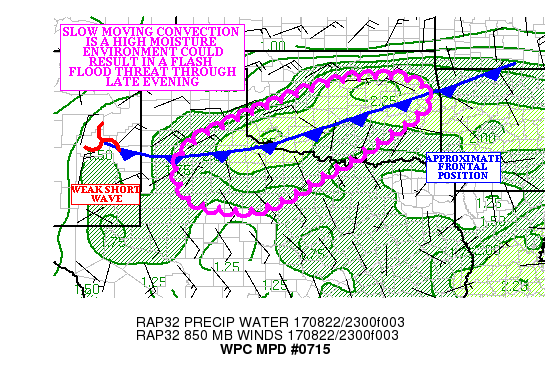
AREAS AFFECTED...NORTH TX THROUGH SOUTHWEST OK INTO EASTERN OK

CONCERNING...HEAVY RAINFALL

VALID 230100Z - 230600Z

SUMMARY...SLOW MOVING CONVECTION TAPS INSTABILITY AND DEEP
MOISTURE TO PRODUCE A FLASH FLOOD THREAT THROUGH THE LATE EVENING
HOURS.

DISCUSSION...REGIONAL RADARS INDICATED THAT THE CONVECTION OVER
THE TX PANHANDLE HAS BECOME MORE OUTFLOW DOMINATED...DROPPED INTO
NORTH TX...AND BECOME MORE DISORGANIZED. FURTHER NORTHEAST...
CONVECTION IS FIRING OVER PORTIONS OF CENTRAL AND EASTERN
OK...WHERE THE AIRMASS HAS NOT BEEN OVERTURNED BY EARLIER
CONVECTION. THE NEW CONVECTION IS FORMING IN AN AXIS OF 2000-25000
J/KG OF MLCAPE... WHICH IS COINCIDENT WITH A RIBBON OF 2.00 INCH
PRECIPITABLE WATER.

WEAKLY DIFLUENT FLOW AHEAD OF A WEAK SHORT WAVE OVER EASTERN NM IS
PROVIDING AN AREA OF SYNOPTIC SCALE ASCENT FOR THE CONVECTIVE
DEVELOPMENT. HOWEVER...THE 850-300 MB MEAN WIND REMAINS FAIRLY
WEAK HERE (WITH WIND VECTORS OF 10 KNOTS OR LESS)...SO THE
CONVECTIVE CELL MOTIONS HAVE BEEN RELATIVELY SLOW. HOURLY RAINFALL
RATES FROM THE KTLX RADAR WERE AS HIGH AS 2.50 INCHES...BUT BASED
ON THE HCA PRODUCT... THESE AMOUNTS COULD BE HAIL CONTAMINATED.

THE FRONTAL BOUNDARY IS EXPECTED TO MOVE LITTLE OVER PORTIONS OF
CENTRAL AND EASTERN OK...AND IT IS EXPECTED TO REMAIN A FOCUS FOR
INSTABILITY AND DEEP MOISTURE TO FOSTER A FLASH FLOOD THREAT. CELL
MERGERS DUE TO SLOW CELL MOTIONS...AS WELL AS SHORT TERM
TRAINING...POSE THE GREATEST THREAT FOR FLASH FLOODING THROUGH
LATE EVENING.

THE MOST RECENT HRRR SHOWED SCATTERED 4.00+ INCH RAINFALL AMOUNTS
ALONG THE BOUNDARY EXTENDING FROM FAR NORTH TX INTO FAR EASTERN
OK. GIVEN THE SLOW CELL MOTIONS AND DEEP MOISTURE IN PLACE...THESE
AMOUNTS COULD SERVE AS LOCAL CONVECTIVE MAXIMA WITH THE SLOWER
MOVING STORMS.

FURTHER SOUTH INTO NORTH TX...THE CONVECTION SHOULD REMAIN
UNORGANIZED AND TIED MAINLY TO OUTFLOW BOUNDARIES. HOWEVER...LOCAL
2.00+ INCH RAINFALL AMOUNTS ARE POSSIBLE HERE AS WELL...WHICH
COULD SUPPORT A FLASH FLOOD THREAT THROUGH 05Z.